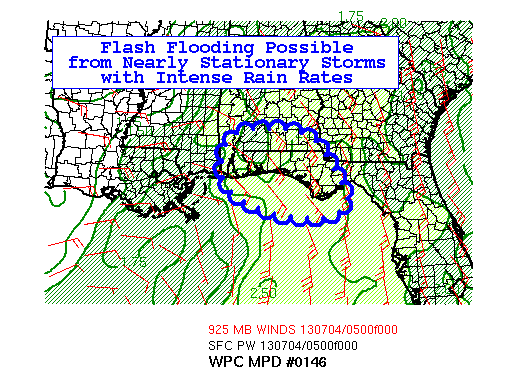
AREAS AFFECTED...SOUTHERN ALABAMA...FLORIDA PANHANDLE

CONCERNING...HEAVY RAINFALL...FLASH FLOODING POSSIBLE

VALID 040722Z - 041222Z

SUMMARY...SLOW STORM MOTION AND ORGANIZED LIFT IN A TROPICAL
ENVIRONMENT MAY RESULT IN VERY HEAVY RAIN AND FLASH FLOODING.

DISCUSSION...ORGANIZED LIFT WAS INCREASING TOWARD THIS AREA AS
EVIDENCED NOT ONLY BY ONGOING DEEP CONVECTION EAST OF MOBILE AL AT
07Z...BUT ALSO BY A FLARE UP OF CELLS OFF THE LA COAST. RAP
FORECASTS CARRY A MID LEVEL VORTICITY CENTER NORTHWARD ACROSS
AL/FL THROUGH 12Z...SUGGESTING SUSTAINED LIFT WITHIN A VERY MOIST
TROPICAL ENVIRONMENT WITH PW VALUES AROUND 2.25 INCHES.

FURTHERING THE CONCERN FOR EXCESSIVE RAINFALL AMOUNTS IS THE
LIKELIHOOD OF STORM MOTIONS LESS THAN 10 KT AND NEAR ZERO AT
TIMES. SHEAR IN THE CLOUD LAYER IS SUFFICIENT FOR UPDRAFT
ROTATION...WITH BUNKERS RIGHT MOVERS E OR ENE AT 5 KT...WHILE
CORFIDI VECTORS PREDICT ANY SMALL SCALE MCS WOULD BE STATIONARY OR
MOVE EASTERLY AT 5 KT. THE RESULT MAY BE THAT THE ONGOING HEAVY
RAIN IN ESCAMBIA COUNTY FL AT 07Z DRIFTS SLOWLY EAST...PRODUCING
RAIN CAPABLE OF EXCEEDING THE 3-4 INCH FLASH FLOOD GUIDANCE IN
THIS AREA.

THE HIRES WRF-ARW AND NSSL WRF WERE PERFORMING WELL WITH RESPECT
TO TIMING AND PLACEMENT OF THIS EVENT. THEY SUGGEST THE HEAVY RAIN
THREAT SHOULD BE PRIMARILY LIMITED TO WITHIN 1 OR 2 COUNTIES OF
THE COAST...AS THE POOL OF AVAILABLE INSTABILITY IS OFFSHORE AND
BEING ADVECTED IN JUST ABOVE THE SURFACE. THE ENVIRONMENT OVER
SOUTHEAST AL AND FARTHER EAST INTO THE FL PANHANDLE MAY BECOME
MORE FAVORABLE WITH TIME...HOWEVER...AS THE LOW LEVEL JET VEERS
SHIFT THETA-E FLUX TOWARD THE NORTH AND EAST. THE FLUX OF 850 MB
MOISTURE IS FORECAST BY THE GFS TO PEAK AT 4-5 STANDARD DEVIATIONS
ABOVE CLIMATOLOGY BY 12Z OVER THE FLORIDA PANHANDLE...INCLUDING
OVER AREAS THAT RECEIVED INTENSE RAINFALL ON WEDNESDAY.